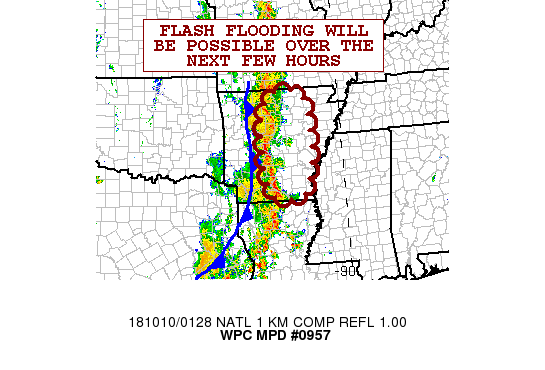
Areas affected...Arkansas

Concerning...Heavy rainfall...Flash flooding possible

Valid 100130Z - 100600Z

Summary...A band of heavy showers and thunderstorms will advance
gradually east over the next few hours. Some flash flooding will
be possible.

Discussion...The latest radar imagery shows a north/south axis of
heavy showers and thunderstorms advancing east across Arkansas
which is focusing along and ahead of a frontal zone. Deep layer
moisture and instability transport over the lower MS Valley ahead
of a large scale trough ejecting out across the Plains will
continue to favor a relatively organized axis of convection over
the next few hours.

PWATs are near 2 inches, and MLCAPE values are on the order of
1000 to 1500 j/kg which should continue to support enhanced
rainfall rates. Already there have been observed amounts of 1.5
inches/hr, and this coupled with relatively slow convective cell
motions off to the east will encourage some excessive amounts that
could reach 3 to 4 inches locally going through the late evening
hours. This is supported by the latest HRRR guidance. Some flash
flooding will be possible as a result, and especially over any
urbanized areas going through the late evening hours..